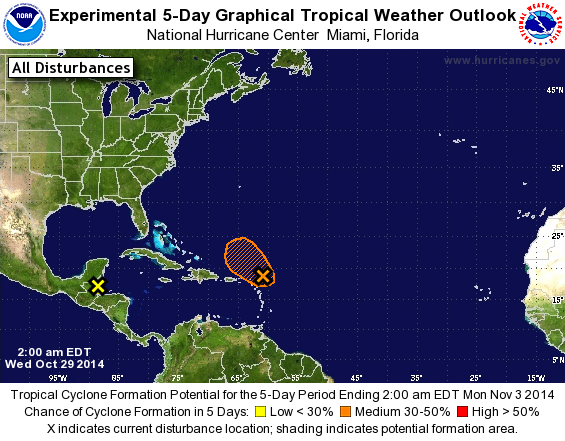
For the North Atlantic...Caribbean Sea and the Gulf of Mexico:

1. A tropical wave interacting with an upper-level trough is producing disorganized showers and thunderstorms a couple of hundred miles northeast of the northern Leeward Islands. Upper-level winds are currently marginally conducive, and some slow development of this disturbance is possible during the next couple of days while it moves west-northwestward to northwestward at 10 to 15 mph. Afterwards, conditions are forecast to become unfavorable for tropical cyclone formation.
* Formation chance through 48 hours...medium...30 percent.
* Formation chance through 5 days...medium...30 percent.

2. A low pressure system, the remnants of Tropical Storm Hanna, is moving inland over Belize while it produces disorganized showers and thunderstorms. Now that the low is moving inland, significant re-development is unlikely.
* Formation chance through 48 hours...low...near 0 percent.
* Formation chance through 5 days...low...near 0 percent.

Forecaster Beven